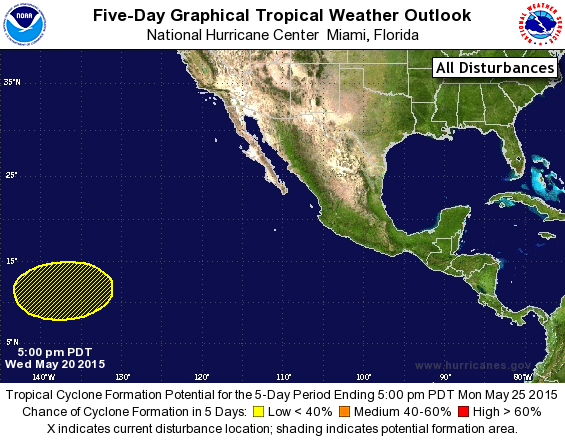
For the eastern North Pacific...east of 140 degrees west longitude:

1. An area of low pressure could form during the next few days well to the west-southwest of the southern tip of Baja California. Environmental conditions are expected to conducive for some gradual development of the system while it moves slowly northwestward.
* Formation chance through 48 hours...low...near 0 percent
* Formation chance through 5 days...low...20 percent

Forecaster Brown